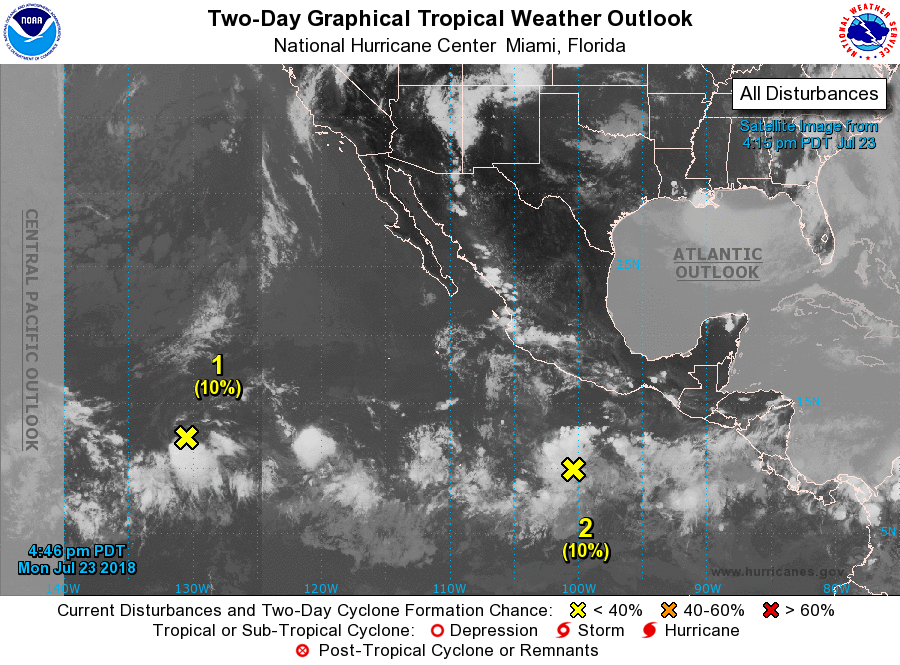
For the eastern North Pacific...east of 140 degrees west longitude:

1. A westward-moving area of disorganized thunderstorms is associated with a small low pressure system located more than 1500 miles southwest of the southern tip of the Baja California Peninsula. Although satellite-derived winds indicate that this disturbance is producing gale-force wind gusts in some of the stronger squalls to the south of the center, tropical cyclone development is unlikely before the system reaches the Central Pacific in a couple of days due to unfavorable upper-level winds.
* Formation chance through 48 hours...low...10 percent.
* Formation chance through 5 days...low...30 percent.

2. A weak low pressure system is located several hundred miles southwest of the Gulf of Tehuantepec. Associated shower activity is currently disorganized, and development, if any, should be slow to occur during the next few days while the system moves toward the west or west-northwest well south of the coast of Mexico.
* Formation chance through 48 hours...low...10 percent.
* Formation chance through 5 days...low...30 percent.

Forecaster Stewart